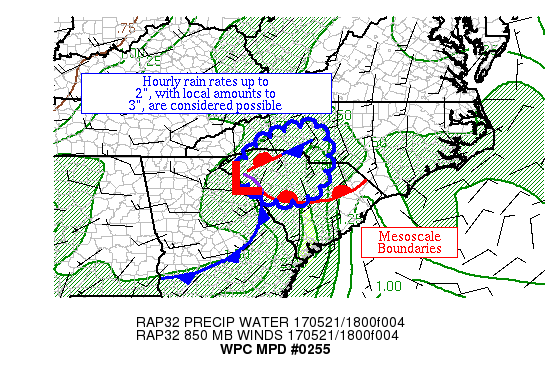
AREAS AFFECTED...PIEDMONT OF SC & SOUTHWEST NC

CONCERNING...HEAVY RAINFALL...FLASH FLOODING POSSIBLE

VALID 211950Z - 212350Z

SUMMARY...A TRAINING BAND OF CONVECTION IS ATTEMPTING TO FORM
ACROSS SC AT THE PRESENT TIME.  HOURLY RAIN RATES TO 2" AND LOCAL
AMOUNTS TO 3" ARE POSSIBLE.

DISCUSSION...AN MCV FROM OVERNIGHT CONVECTION HAS DEVELOPED AN
OCCLUDED STRUCTURE IN THE THERMAL FIELD, WITH TEMPERATURES RISING
INTO THE MID TO UPPER 80S IN CENTRAL SC AND EAST-CENTRAL GA.  THIS
HAS CAUSED MLCAPES TO RISE TO 1000-2000 J/KG, WELL MORE THAN
FORECAST ON RECENT RAP RUNS.  INFLOW AT 850 HPA IS 25 KTS PER THE
COLUMBIA/CAE VAD WIND PROFILE.  EFFECTIVE BULK SHEAR OF 25-30 KTS
IS ENABLING THE CURRENT ATTEMPT AT A TRAINING BAND, ALONG WITH
FAIRLY UNIDIRECTIONAL SOUTHERLY FLOW FROM THE SURFACE TO 500 HPA.
PRECIPITABLE WATER VALUES ARE ~2".

MLCAPES SHOULD RISE ANOTHER 500+ J/KG PRIOR TO SUNSET, WHICH
SHOULD ALLOW FOR GREATER COVERAGE AND INTENSITY TO CONVECTION
UNTIL AROUND 00Z.  THUNDERSTORMS WITH HEAVY RAIN SHOULD MAKE IT
INTO SOUTHWEST NC WITH TIME.  FLASH FLOOD GUIDANCE IS RATHER HIGH,
SO BELIEVE THE RISK FOR EXCESSIVE RAINFALL IS GREATEST IN URBAN
AREAS WITHIN THE SC AND NC PIEDMONT.  HOURLY RAIN RATES UP TO 2",
AND LOCAL AMOUNTS TO 3" ARE ANTICIPATED.  THE GUIDANCE SHOWS MORE
THAN THE USUAL VARIATION ON AMOUNTS HERE, SO THERE IS MORE
UNCERTAINTY THAN USUAL REGARDING THE MAGNITUDE OF HEAVY RAINFALL.
BECAUSE OF THE HIGH FLASH FLOOD GUIDANCE AND GREATER UNCERTAINTY,
KEPT THE CATEGORY AS POSSIBLE FOR THE MPD.